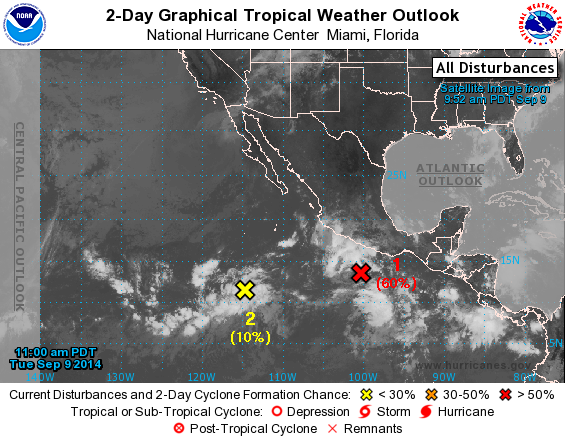
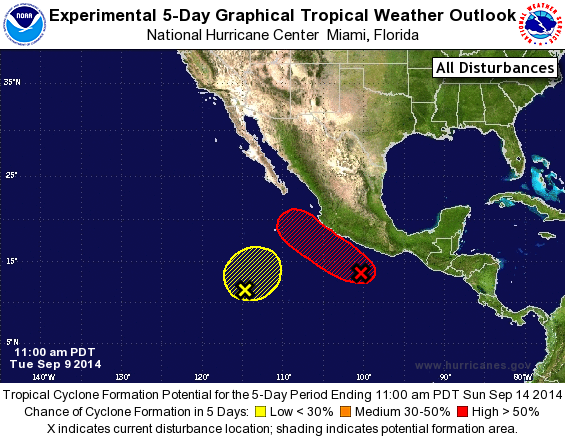
For the eastern North Pacific...east of 140 degrees west longitude:

1. An area of low pressure has continued to become better defined a couple of hundred miles south of Acapulco, Mexico. Environmental conditions are expected to be conducive for development, and the low is likely to become a tropical depression in a day or two while it moves slowly northwestward just offshore of the southwestern coast of Mexico.
* Formation chance through 48 hours...high...60 percent.
* Formation chance through 5 days...high...90 percent.

2. A weak area of low pressure has developed several hundred miles south-southwest of the southern tip of the Baja California peninsula. Some slow development of this system is possible during the next several days while it moves northward or northeastward.
* Formation chance through 48 hours...low...10 percent.
* Formation chance through 5 days...low...20 percent.

Forecaster Cangialosi